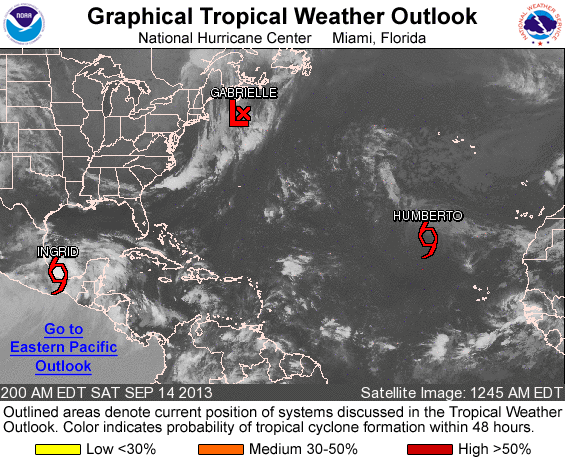
FOR THE NORTH ATLANTIC...CARIBBEAN SEA AND THE GULF OF MEXICO...

THE NATIONAL HURRICANE CENTER IS ISSUING ADVISORIES ON TROPICAL STORM HUMBERTO LOCATED OVER THE EASTERN ATLANTIC OCEAN...AND ON TROPICAL STORM INGRID...LOCATED OVER THE SOUTHWESTERN GULF OF MEXICO.

TROPICAL CYCLONE FORMATION IS NOT EXPECTED THROUGH FIVE DAYS.

&&
FIVE-DAY FORMATION PROBABILITIES ARE EXPERIMENTAL IN 2013. COMMENTS ON THE EXPERIMENTAL FORECASTS CAN BE PROVIDED AT...

HTTP://WWW.NWS.NOAA.GOV/SURVEY/NWS-SURVEY.PHP?CODE=ETWO

FORECASTER CANGIALOSI